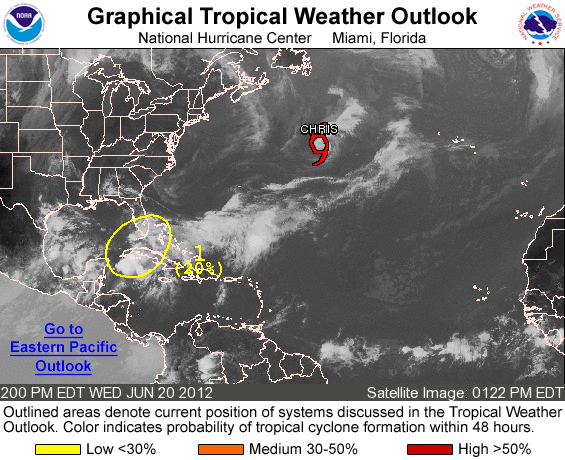
FOR THE NORTH ATLANTIC...CARIBBEAN SEA AND THE GULF OF MEXICO...

THE NATIONAL HURRICANE CENTER IS ISSUING ADVISORIES ON TROPICAL STORM CHRIS...LOCATED ABOUT 600 MILES SOUTH OF CAPE RACE NEWFOUNDLAND.

1. A LARGE AREA OF CLOUDINESS...SHOWERS...AND THUNDERSTORMS EXTENDING FROM WESTERN CUBA AND ADJACENT WATERS NORTHWARD TO SOUTHERN FLORIDA IS ASSOCIATED WITH A TROUGH OF LOW PRESSURE. UPPER-LEVEL WINDS COULD BECOME A LITTLE MORE CONDUCIVE FOR DEVELOPMENT IN A COUPLE OF DAYS AS THE AREA OF DISTURBED WEATHER MOVES SLOWLY NORTHWESTWARD INTO THE EASTERN GULF OF MEXICO. THIS SYSTEM HAS A LOW CHANCE...20 PERCENT...OF BECOMING A TROPICAL CYCLONE DURING THE NEXT 48 HOURS. HEAVY RAINFALL AND LOCALIZED FLOODING IS POSSIBLE ACROSS WESTERN CUBA...SOUTHERN FLORIDA...AND THE CENTRAL BAHAMAS DURING THE NEXT COUPLE OF DAYS.

ELSEWHERE...TROPICAL CYCLONE FORMATION IS NOT EXPECTED DURING THE NEXT 48 HOURS.

&&
PUBLIC ADVISORIES ON TROPICAL STORM CHRIS ARE ISSUED UNDER WMO HEADER WTNT33 KNHC AND UNDER AWIPS HEADER MIATCPAT3. FORECAST/ADVISORIES ON CHRIS ARE ISSUED UNDER WMO HEADER WTNT23 KNHC AND UNDER AWIPS HEADER MIATCMAT3.

FORECASTER ROBERTS/BROWN